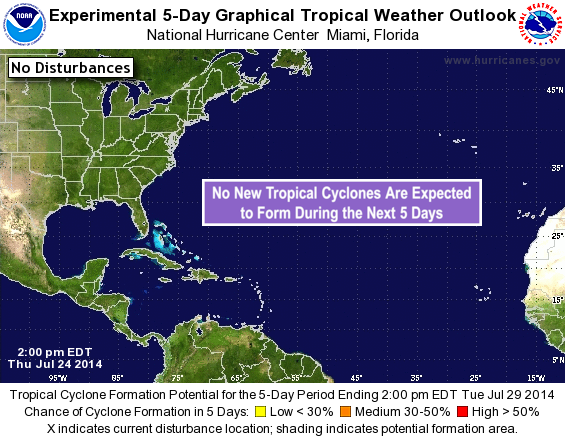
For the North Atlantic...Caribbean Sea and the Gulf of Mexico:

Tropical cyclone formation is not expected during the next 5 days.

Forecaster Avila